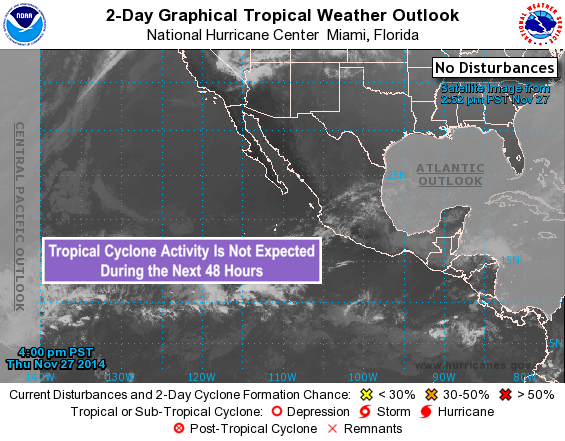
For the eastern North Pacific...east of 140 degrees west longitude:

Tropical cyclone formation is not expected during the next 5 days.

Forecaster Cangialosi